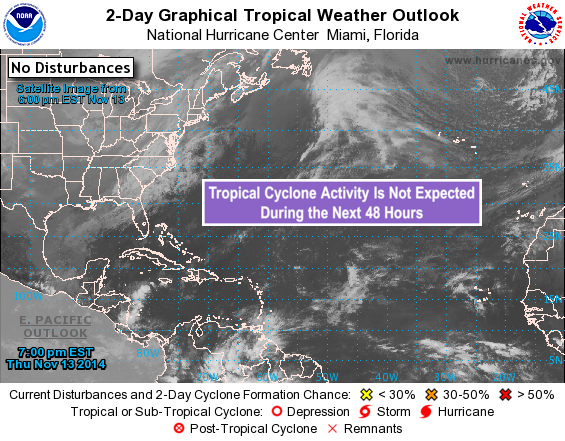
For the North Atlantic...Caribbean Sea and the Gulf of Mexico:

Tropical cyclone formation is not expected during the next 5 days.

Forecaster Brennan